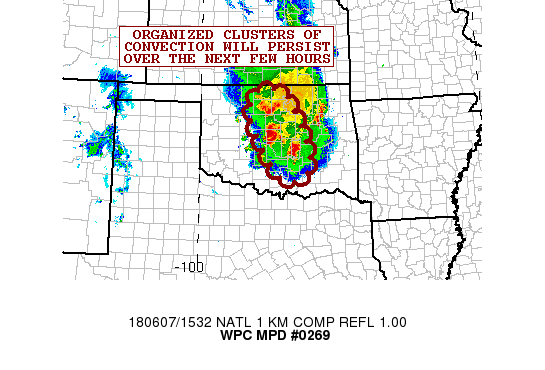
AREAS AFFECTED...OK

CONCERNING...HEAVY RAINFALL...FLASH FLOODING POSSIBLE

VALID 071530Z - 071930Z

SUMMARY...SLOW-MOVING HEAVY SHOWERS AND THUNDERSTORMS WILL
CONTINUE TO PROMOTE A FLASH FLOOD THREAT OVER THE NEXT FEW HOURS.

DISCUSSION...THE LATEST RADAR IMAGERY SHOWS MULTIPLE CLUSTERS OF
HEAVY SHOWERS AND THUNDERSTORMS DROPPING S/SE ACROSS NORTHERN AND
CENTRAL OK WHICH ARE PRODUCING VERY HEAVY RAINFALL. SURFACE
OBSERVATIONS HAVE BEEN CONFIRMING 1 TO 2 INCH/HR RAINFALL RATES
WHICH IS BEING AIDED BY PWATS OF 1.5 TO 1.7 INCHES. THE CONVECTION
HAS BEEN ANCHORING ALONG A NNW/SSE INSTABILITY GRADIENT IN AN
ELEVATED FASHION...WITH MUCAPE VALUES OF 2000 TO 2500 J/KG NOTED
ACROSS CENTRAL OK...AND THE ACTIVITY FOCUSED ALONG THE EASTERN
SIDE OF THIS GRADIENT.

CLOUD TOP TEMPS AS SEEN IN GOES-16 CLEAN IR IMAGERY HAVE ACTUALLY
BEEN COOLING OVER THE LAST HOUR OVER NORTH-CENTRAL OK...AND THIS
COUPLED WITH GOES-16 DAY CONVECTION RGB IMAGERY SUGGEST AN
INCREASE IN STRONG CONVECTIVE UPDRAFTS/FORCING FOR ENHANCED
RAINFALL RATES. THE GLD-360 LIGHTNING DENSITY DATA OVER THE LAST
HOUR HAS BEEN SHOWING VIGOROUS STRIKE ACTIVITY AND IS CORRELATING
NICELY TO THE WELL ORGANIZED STATE OF THE CONVECTION.

THE HRRR AND HRRRX GUIDANCE ARE A LITTLE SLOW WITH THE S/SE
ADVANCE OF THE CONVECTIVE MASS AT THIS TIME...BUT THE THINKING IS
THAT CONVECTION WILL CONTINUE TO DROP DOWN ACROSS AREAS OF CENTRAL
OK WITH SOME REPEATING CLUSTERS GIVEN THE ORIENTATION OF THE
INSTABILITY AXIS AND ALSO FOCUSED DEEP LAYER MOISTURE CONVERGENCE.

EXPECT AS MUCH AS AN ADDITIONAL 3 TO 4 INCHES OF RAIN LOCALLY OVER
THE NEXT FEW HOURS AND THIS WILL DRIVE ADDITIONAL POTENTIAL FOR
FLASH FLOODING. WILL CONTINUE TO MONITOR.